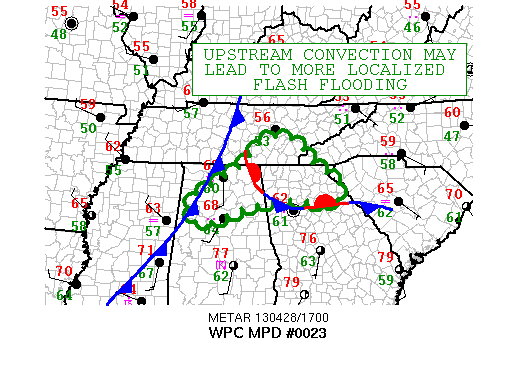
AREAS AFFECTED...NORTHERN AL/SOUTHEASTERN TN/NORTHERN GA

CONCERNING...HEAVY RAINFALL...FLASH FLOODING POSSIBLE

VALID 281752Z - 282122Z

SUMMARY...GROWING CONVECTION UPSTREAM ACROSS THE CENTRAL GULF
COAST MAY AFFECT SECTIONS OF NORTHERN AL/GA AND SOUTHEASTERN TN
WHERE HEAVY RAINFALL HAS BEEN ONGOING.

DISCUSSION...A LARGE FLUX OF LOW-LEVEL MOISTURE CONTINUES TO BE
ADVECTED NORTHWARD AHEAD OF A SLOW-MOVING COLD FRONT. HEAVY
PRECIPITATION REMAINS ALONG THE NOSE OF THE 850-MB MOISTURE PLUME
WHICH IS EMBEDDED WELL WITHIN THE BEST INSTABILITY. THE PAST FEW
SCANS ON THE IR SATELLITE SUGGEST CLOUD TOPS WERE COOLING WITH
LIGHTNING ACTIVITY ON THE INCREASE. BASED ON RADAR TRENDS...MUCH
OF THIS CONVECTION SHOULD LIFT NORTHEASTWARD INTO THE AREA OF
CONCERN WHERE FFG VALUES HAVE ALREADY DECREASED IN THE PAST 6
HOURS. WHILE INSTABILITY SEEMS TO BE LACKING FURTHER TO THE NORTH
WITHIN THE RAIN-COOLED AIR...CONVECTION HAS BEEN MAINTAINED ALONG
THE SURFACE TO 850-MB BAROCLINIC ZONE. THE AVAILABLE HIGH-RES
GUIDANCE VARIES ON PLACEMENT OF THIS DEEP CONVECTION BUT DOES
DEPICT THE THUNDERSTORM ACTIVITY SHOULD GROW UPSCALE OR SUSTAIN
ITSELF WHILE MOVING TOWARD NORTHERN GA/AL THIS AFTERNOON.